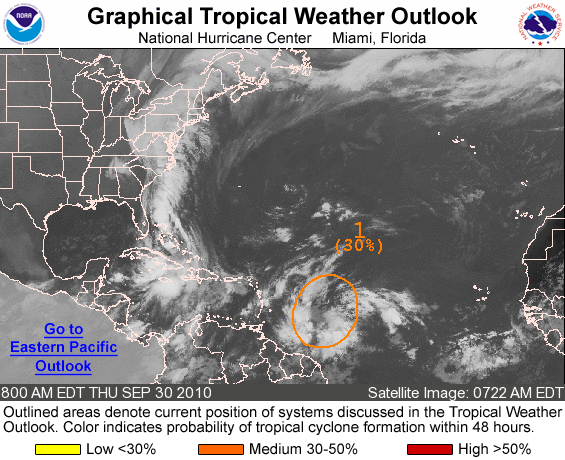
FOR THE NORTH ATLANTIC...CARIBBEAN SEA AND THE GULF OF MEXICO...

1. A LARGE AREA OF DISTURBED WEATHER...ASSOCIATED WITH TWO TROPICAL WAVES...IS CENTERED ABOUT 800 MILES EAST OF THE WINDWARD ISLANDS. SHOWERS AND THUNDERSTORMS IN THIS AREA ARE CURRENTLY DISORGANIZED...BUT UPPER-LEVEL WINDS ARE FORECAST TO BE MARGINALLY FAVORABLE FOR DEVELOPMENT AS THE SYSTEM MOVES WEST-NORTHWESTWARD AROUND 15 MPH. THERE IS A MEDIUM CHANCE...30 PERCENT...OF THIS SYSTEM BECOMING A TROPICAL CYCLONE DURING THE NEXT 48 HOURS.

ELSEWHERE...TROPICAL CYCLONE FORMATION IS NOT EXPECTED DURING THE NEXT 48 HOURS.

FORECASTER PASCH